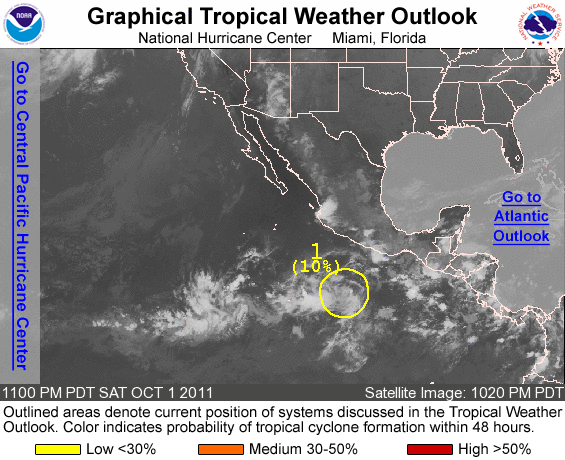
FOR THE EASTERN NORTH PACIFIC...EAST OF 140 DEGREES WEST LONGITUDE..

1. AN AREA OF DISTURBED WEATHER LOCATED ABOUT 400 MILES SOUTH-SOUTHWEST OF ACAPULCO MEXICO IS MOVING SLOWLY WESTWARD. GRADUAL DEVELOPMENT OF THIS SYSTEM IS POSSIBLE OVER THE NEXT FEW DAYS...AND IT HAS A LOW CHANCE...10 PERCENT...OF BECOMING A TROPICAL CYCLONE DURING THE NEXT 48 HOURS.

ELSEWHERE...TROPICAL CYCLONE FORMATION IS NOT EXPECTED DURING THE NEXT 48 HOURS.

FORECASTER CANGIALOSI